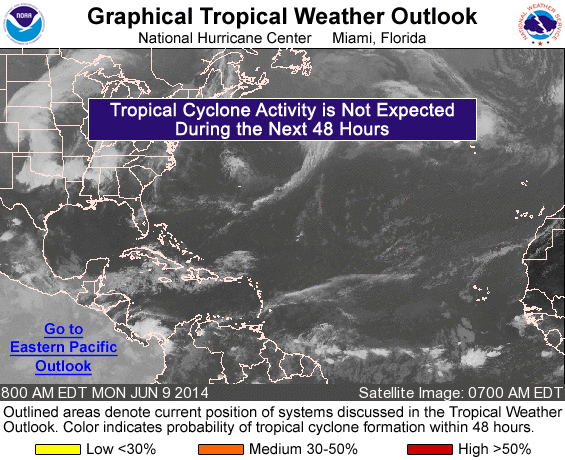
For the North Atlantic...Caribbean Sea and the Gulf of Mexico:

Tropical cyclone formation is not expected during the next 5 days.

Forecaster Berg